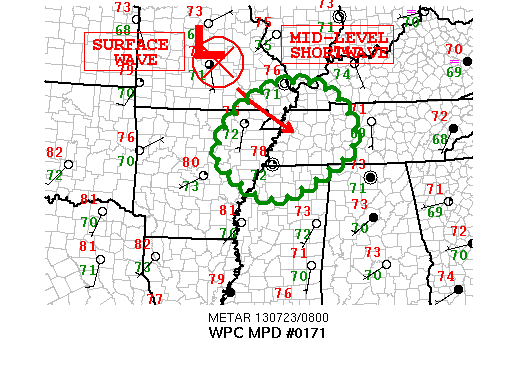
AREAS AFFECTED...EASTERN AR/WESTERN TN/NORTHERN MS...

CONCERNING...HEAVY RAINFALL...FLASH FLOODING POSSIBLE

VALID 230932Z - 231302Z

SUMMARY...ELEVATED CONVECTION EARLY THIS MORNING IS TRAVELING
DOWNSTREAM INTO AN ENVIRONMENT CHARACTERIZED BY DIMINISHED FFG
VALUES.

DISCUSSION...THUNDERSTORM ACTIVITY CONTINUES TO ORIENT ITSELF NW
TO SE ALONG THE MEAN STEERING FLOW ACROSS SOUTHERN MO AND INTO
NORTHEASTERN AR. THE NOCTURNAL CONVECTION APPEARS TO BE DRIVEN BY
A MID-LEVEL IMPULSE OBSERVED IN THE WATER VAPOR IMAGERY AS IT
BEGINS TO ENCOUNTER A MOISTURE ENRICHED ATMOSPHERE AMIDST AMPLE
ELEVATED INSTABILITY. THE CURRENT IR SATELLITE TRENDS INDICATE
CLOUD TOPS CONTINUE TO COOL WITH CLOUD-TO-GROUND LIGHTNING ON THE
INCREASE. GIVEN THE EARLY NATURE OF THIS HEAVY
RAINFALL...OBSERVATIONS ARE LIMITED ALTHOUGH THE SPRINGFIELD
DUAL-POL RADAR SUGGESTED HOURLY RAINFALL RATES IN EXCESS OF 2
INCHES/HOUR IN THE PRECIPITATION CORE. IF THIS CONVECTION
CONTINUES TO EXPAND IN COVERAGE THE NEXT COUPLE OF
HOURS...CONCERNS FOR POSSIBLE FLASH FLOODING EXIST FURTHER SOUTH
ACROSS SECTIONS OF AR AND TN. UNFORTUNATELY...MESOSCALE MODELS ARE
NOT OF TOO MUCH HELP AS THEY HAVE DEVELOPED THE CONVECTION FURTHER
TO THE SOUTHEAST ACROSS WESTERN TN.